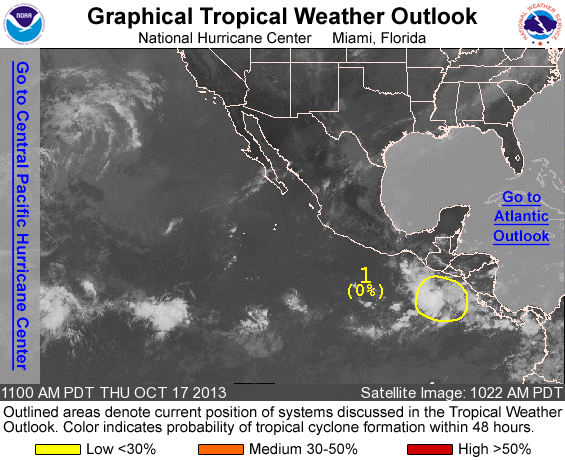
FOR THE EASTERN NORTH PACIFIC...EAST OF 140 DEGREES WEST LONGITUDE..

1. A BROAD AREA OF LOW PRESSURE LOCATED OVER THE FAR EASTERN PACIFIC NEAR CENTRAL AMERICA IS PRODUCING DISORGANIZED SHOWERS AND THUNDERSTORMS. UPPER-LEVEL WINDS ARE EXPECTED TO BECOME CONDUCIVE FOR SOME SLOW DEVELOPMENT BY EARLY NEXT WEEK. THIS SYSTEM HAS A LOW CHANCE...NEAR 0 PERCENT...OF BECOMING A TROPICAL CYCLONE DURING THE NEXT 48 HOURS...AND A MEDIUM CHANCE...30 PERCENT...OF BECOMING A TROPICAL CYCLONE DURING THE NEXT 5 DAYS WHILE IT MOVES SLOWLY WESTWARD.

FIVE-DAY FORMATION PROBABILITIES ARE EXPERIMENTAL IN 2013. COMMENTS ON THE EXPERIMENTAL FORECASTS CAN BE PROVIDED AT...

HTTP://WWW.NWS.NOAA.GOV/SURVEY/NWS-SURVEY.PHP?CODE=ETWO

FORECASTER LANDSEA